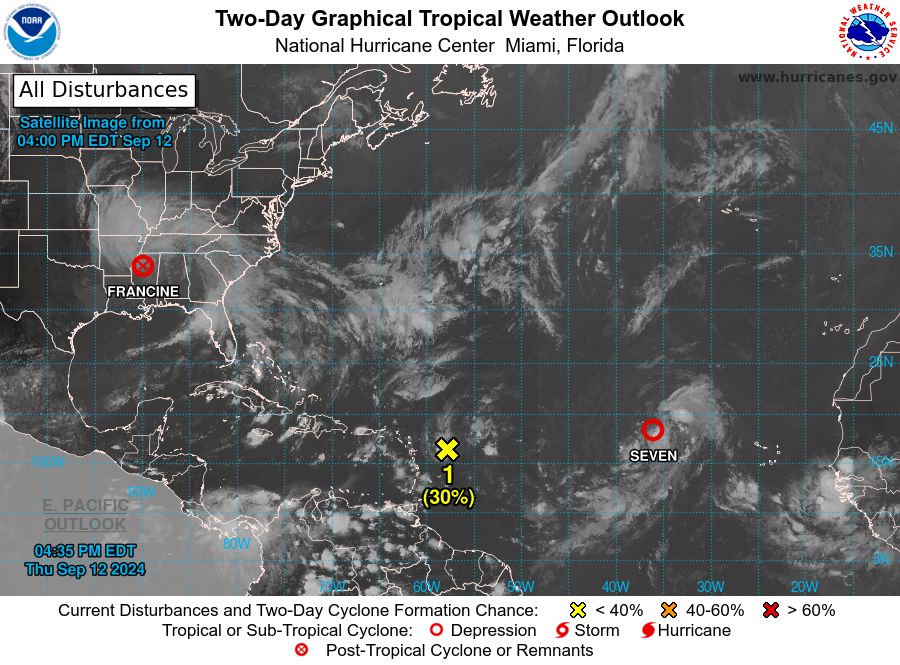
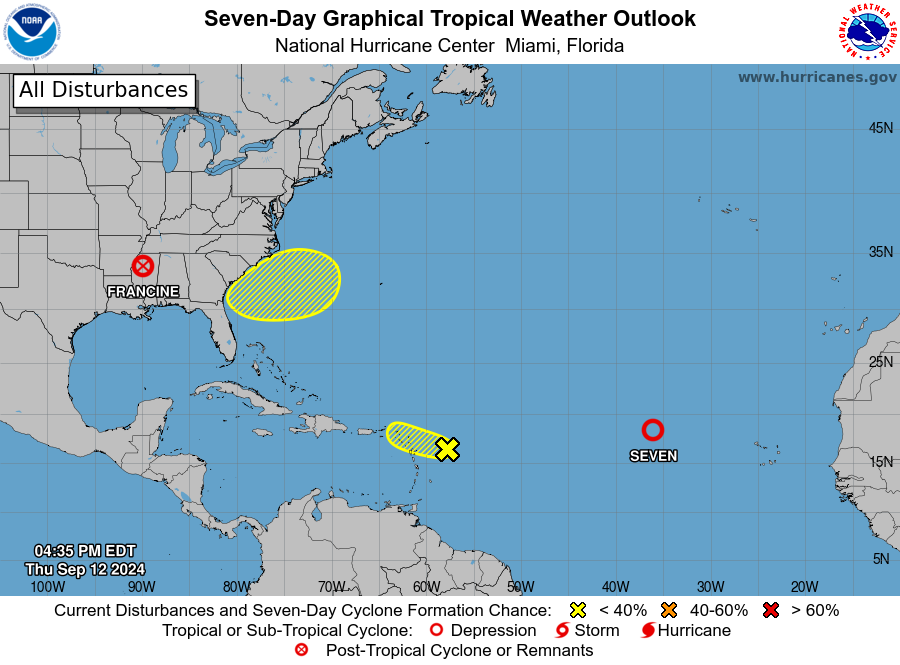
For the North Atlantic...Caribbean Sea and the Gulf of Mexico:

Active Systems: The National Hurricane Center is issuing advisories on Tropical Depression Seven, located over the central Atlantic Ocean. The National Hurricane Center has issued its final advisory on Tropical Depression Francine, located inland over Mississippi. The next advisory will be issued by the Weather Prediction Center at 2100 UTC.

1. East of the Leeward Islands (AL94): Showers and thunderstorms continue to show signs of organization in association with a small area of low pressure located a few hundred miles east of the Leeward Islands. However, the proximity of dry air near the system could limit additional development over the next couple of days. Environmental conditions are expected to become even less conducive over the weekend while the system moves slowly west-northwestward. Regardless of development, this system could produce locally heavy rainfall and gusty winds across the northern Leeward Islands on Friday.
* Formation chance through 48 hours...low...30 percent.
* Formation chance through 7 days...low...30 percent.

2. Offshore the Southeastern U.S.: A non-tropical area of low pressure could form along a residual frontal boundary a few hundred miles off the southeastern U.S. coastline this weekend. Thereafter, some subtropical or tropical development is possible during the early part of next week while the system drifts to the north or northwest.
* Formation chance through 48 hours...low...near 0 percent.
* Formation chance through 7 days...low...30 percent.

Forecaster Bann/Blake